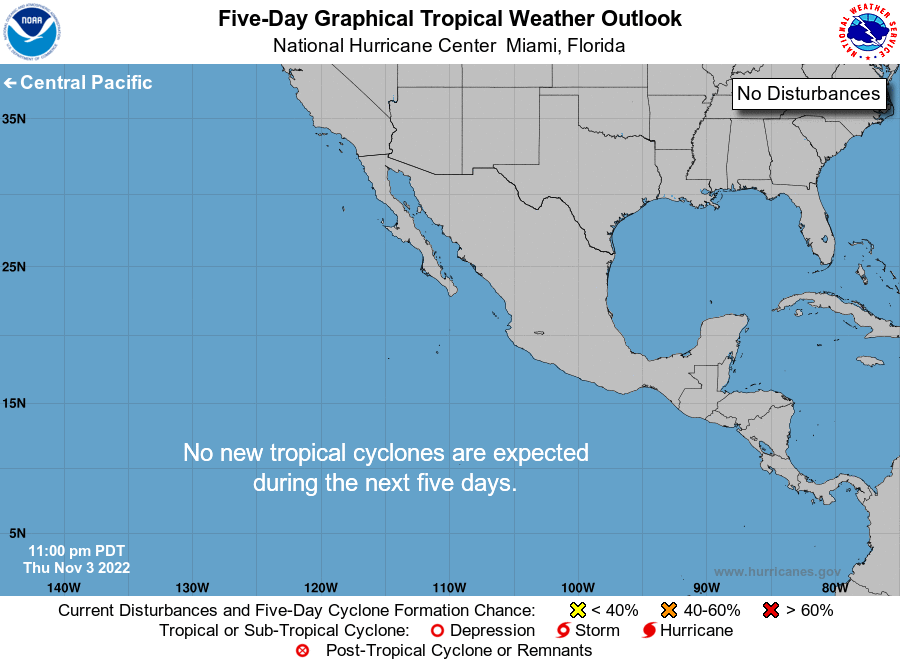
For the eastern North Pacific...east of 140 degrees west longitude:

Tropical cyclone formation is not expected during the next 5 days.

Forecaster Beven